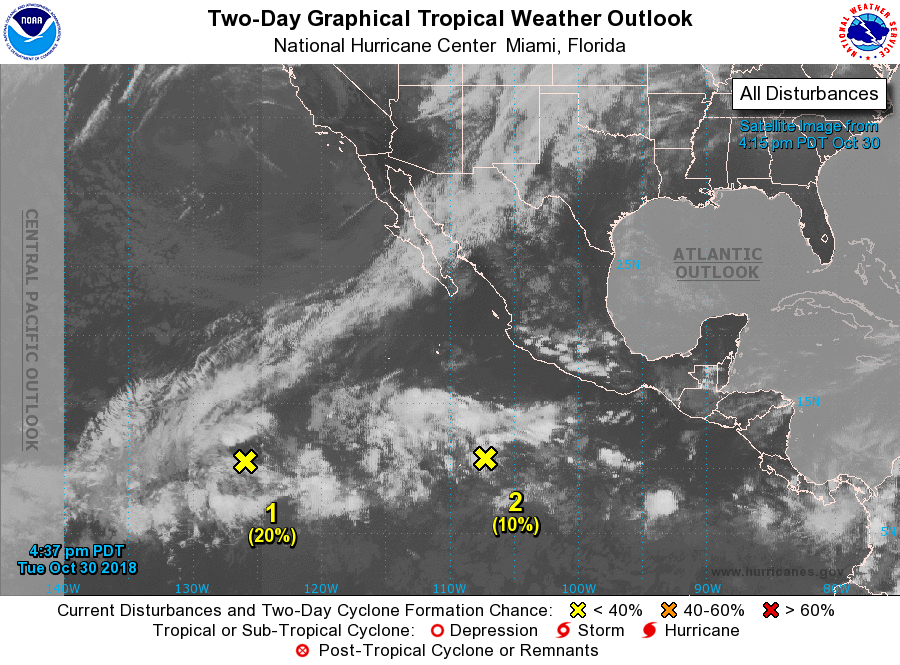
For the eastern North Pacific...east of 140 degrees west longitude:

1. A broad area of low pressure located about 1300 miles southwest of the southern tip of the Baja California peninsula is producing disorganized showers and a few thunderstorms. Some slow development of this system is possible over the next few days while the disturbance moves toward the west or west-northwest at 5 to 10 mph.
* Formation chance through 48 hours...low...20 percent.
* Formation chance through 5 days...low...30 percent.

2. A large area of disturbed weather is located several hundred miles south and southwest of the southwestern coast of Mexico. Environmental conditions are forecast to be conducive for gradual develop of this system during the next several days, and a tropical depression could form later this week or this weekend while it moves west-northwestward to northwestward at 5 to 10 mph.
* Formation chance through 48 hours...low...10 percent.
* Formation chance through 5 days...medium...50 percent.

Forecaster Brown